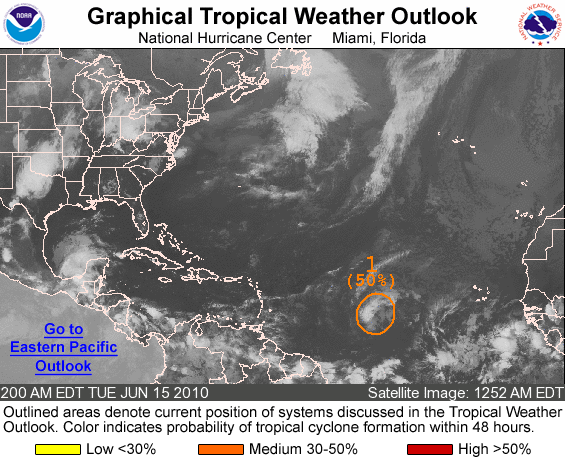
FOR THE NORTH ATLANTIC...CARIBBEAN SEA AND THE GULF OF MEXICO...

1. A LOW PRESSURE SYSTEM LOCATED ABOUT 1150 MILES EAST OF THE LESSER ANTILLES HAS BECOME A LITTLE BETTER ORGANIZED DURING THE PAST SEVERAL HOURS. ENVIRONMENTAL CONDITIONS ARE EXPECTED TO REMAIN MARGINALLY FAVORABLE FOR THIS SYSTEM TO BECOME A TROPICAL DEPRESSION TODAY BEFORE UPPER-LEVEL WINDS BECOME LESS FAVORABLE ON WEDNESDAY. THERE IS A MEDIUM CHANCE...50 PERCENT...OF THIS SYSTEM BECOMING A TROPICAL CYCLONE DURING THE NEXT 48 HOURS AS IT MOVES WEST-NORTHWESTWARD TO NORTHWESTWARD AT ABOUT 15 MPH.

ELSEWHERE...TROPICAL CYCLONE FORMATION IS NOT EXPECTED DURING THE NEXT 48 HOURS.

FORECASTER STEWART/BLAKE